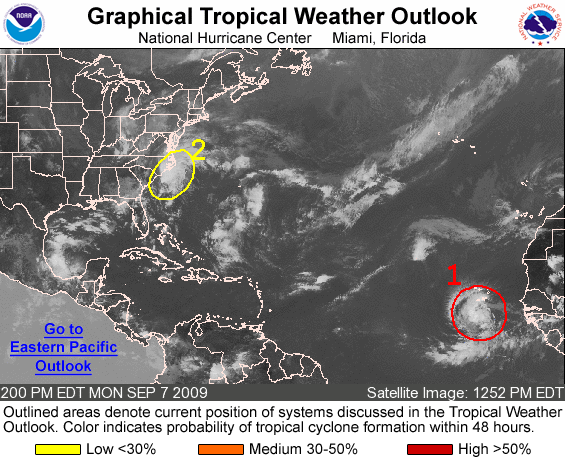
FOR THE NORTH ATLANTIC...CARIBBEAN SEA AND THE GULF OF MEXICO...

1. SATELLITE IMAGES AND BUOY DATA INDICATE THAT THE BROAD AREA OF LOW PRESSURE LOCATED ABOUT 200 MILES SOUTH OF THE SOUTHERN CAPE VERDE ISLANDS IS BECOMING BETTER ORGANIZED...AND A TROPICAL DEPRESSION MAY BE FORMING. IF CURRENT TRENDS CONTINUE...ADVISORIES WOULD BE INITIATED LATER TODAY OR TONIGHT. LOCALLY HEAVY SHOWERS AND STRONG GUSTY WINDS ARE LIKELY OVER THE SOUTHERN CAPE VERDE ISLANDS THROUGH TONIGHT. THERE IS A HIGH CHANCE...GREATER THAN 50 PERCENT...OF THIS SYSTEM BECOMING A TROPICAL CYCLONE DURING THE NEXT 48 HOURS.

2. A TROUGH OF LOW PRESSURE LOCATED JUST OFF THE NORTH CAROLINA COAST CONTINUES TO PRODUCE AN AREA OF DISORGANIZED SHOWERS AND THUNDERSTORMS AS IT MOVES NORTH-NORTHEASTWARD. UPPER-LEVEL WINDS ARE EXPECTED TO REMAIN UNFAVORABLE FOR TROPICAL CYCLONE DEVELOPMENT. THERE IS A LOW CHANCE...LESS THAN 30 PERCENT...OF THIS SYSTEM BECOMING A TROPICAL CYCLONE DURING THE NEXT 48 HOURS.

ELSEWHERE...TROPICAL CYCLONE FORMATION IS NOT EXPECTED DURING THE NEXT 48 HOURS.

FORECASTER KIMBERLAIN/BROWN